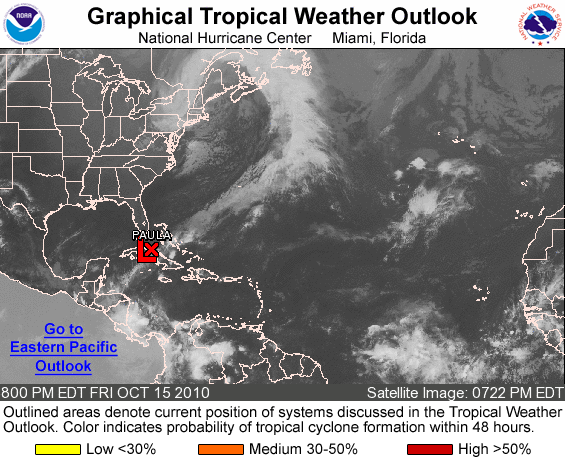
FOR THE NORTH ATLANTIC...CARIBBEAN SEA AND THE GULF OF MEXICO...

1. THE REMNANT CIRCULATION OF FORMER TROPICAL DEPRESSION PAULA IS LOCATED ABOUT MIDWAY BETWEEN THE NORTH-CENTRAL COAST OF CUBA AND ANDROS ISLAND. UPPER-LEVEL WINDS ARE EXPECTED TO REMAIN UNFAVORABLE FOR REGENERATION OF THIS SYSTEM AS IT MOVES EASTWARD TO SOUTHEASTWARD AT AROUND 10 MPH. THERE IS A LOW CHANCE...NEAR 0 PERCENT...OF THIS SYSTEM BECOMING A TROPICAL CYCLONE DURING THE NEXT 48 HOURS.

ELSEWHERE...TROPICAL CYCLONE FORMATION IS NOT EXPECTED DURING THE NEXT 48 HOURS.

FORECASTER STEWART